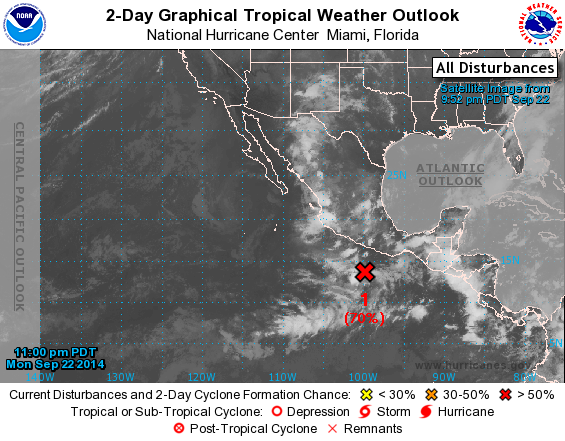
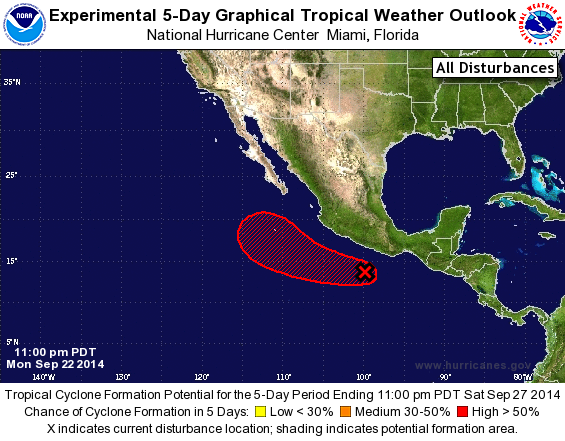
For the eastern North Pacific...east of 140 degrees west longitude:

1. Showers and thunderstorms are currently limited in association with a low pressure area located about 200 miles south of Acapulco, Mexico. Upper-level winds are expected to become more conducive for development, and a tropical depression is likely to form during the next day or two while the low moves westward or west-northwestward at about 10 mph.
* Formation chance through 48 hours...high...70 percent.
* Formation chance through 5 days...high...90 percent.

Forecaster Cangialosi